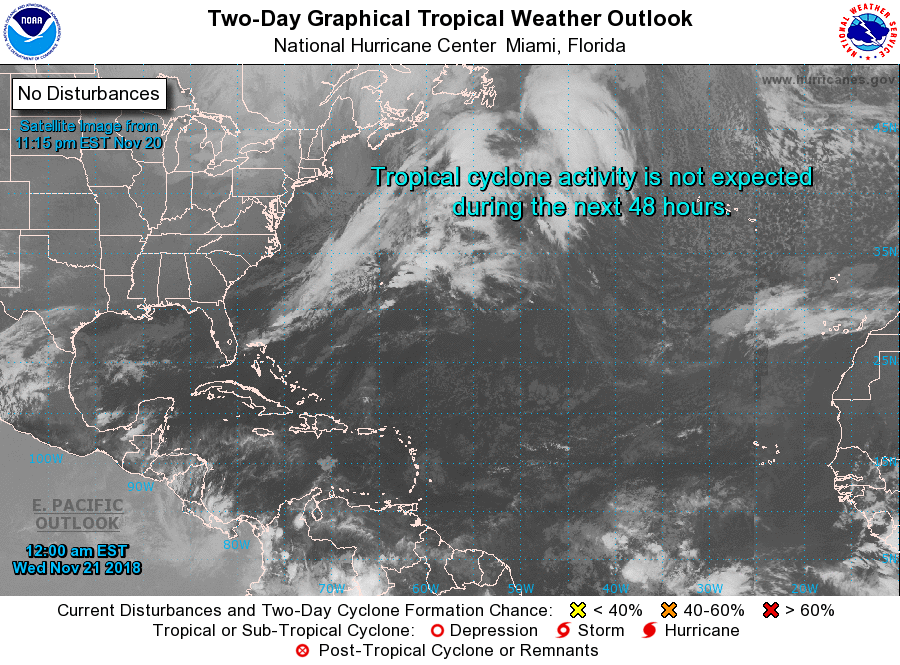
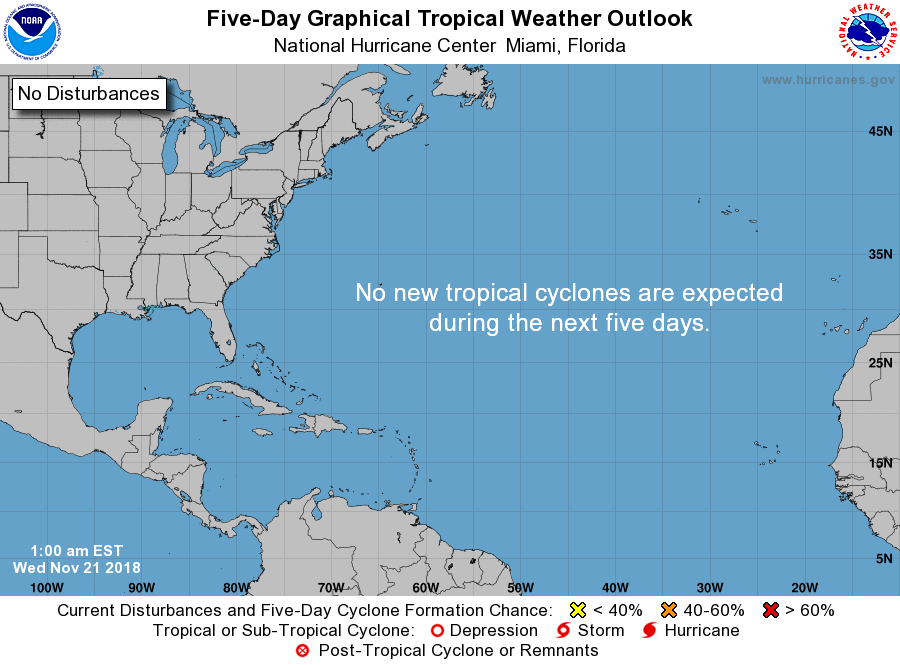
For the North Atlantic...Caribbean Sea and the Gulf of Mexico:

Tropical cyclone formation is not expected during the next 5 days.

Forecaster Pasch